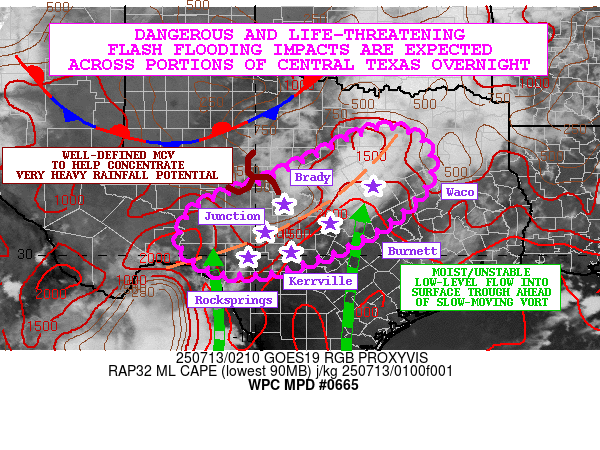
Areas affected...Central Texas

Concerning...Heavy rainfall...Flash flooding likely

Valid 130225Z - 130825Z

SUMMARY...A serious risk of high-impact flash flooding from
slow-moving, and locally training showers and thunderstorms will
exist later tonight across central TX, including portions of the
Edwards Plateau/Hill Country.

DISCUSSION...The GOES-E Proxy Visible satellite imagery shows a
slow-moving vort center gradually drifting east across the Concho
Valley which overnight will eventually advance into the broader
Hill Country region. Based on the latest CIRA-ALPW data, this
energy is embedded within a concentrated corridor of deeper
moisture lifting up across central TX, with strong concentrations
seen in the 850/500 mb layer with overall values of 1.5 to 1.75+
inches.

Meanwhile, the airmass more broadly pooled across the Hill Country
region is quite unstable with MLCAPE values of 1500 to 2500 J/kg.
This instability is seen pooling along a weak surface trough out
ahead of a stationary front, and this coupled with the arrival of
the aforementioned vort energy along with a gradually increasing
southerly low-level jet should help drive developing areas of
showers and thunderstorms with high rainfall rates.

A nocturnal tightening of the mid-level vort energy along with
increasingly convergent flow along its southern and eastern flanks
near the surface trough will favor convection growing gradually
upscale, but in a very concentrated manner in a southwest to
northeast fashion across central TX. This region will also be in
the right-entrance region of an upper-level jet to further support
ascent for convection.

Rainfall rates are expected to be on the order of 2 to 4
inches/hour with the stronger storms, and the latest HRRR/RRFS
guidance along with support from the 18Z HREF and 12Z REFS suites
support these rates. An excellent environment will develop later
tonight for back-building and training convection, with slow
cell-motions. Favorable Corfidi vectors with weak steering flow
are expected to align that will facilitate this convective
evolution especially after midnight.

Some rainfall totals by 08Z (3AM CDT) may reach as high as 4 to 6+
inches, but with additional very heavy rainfall expected after
this time frame going through dawn. A serious risk of high-impact
flash flooding is expected overnight across the sensitive Hill
Country region, with dangerous and life-threatening flash flooding
likely by later tonight. Additional MPDs will be issued
accordingly as this event unfolds.